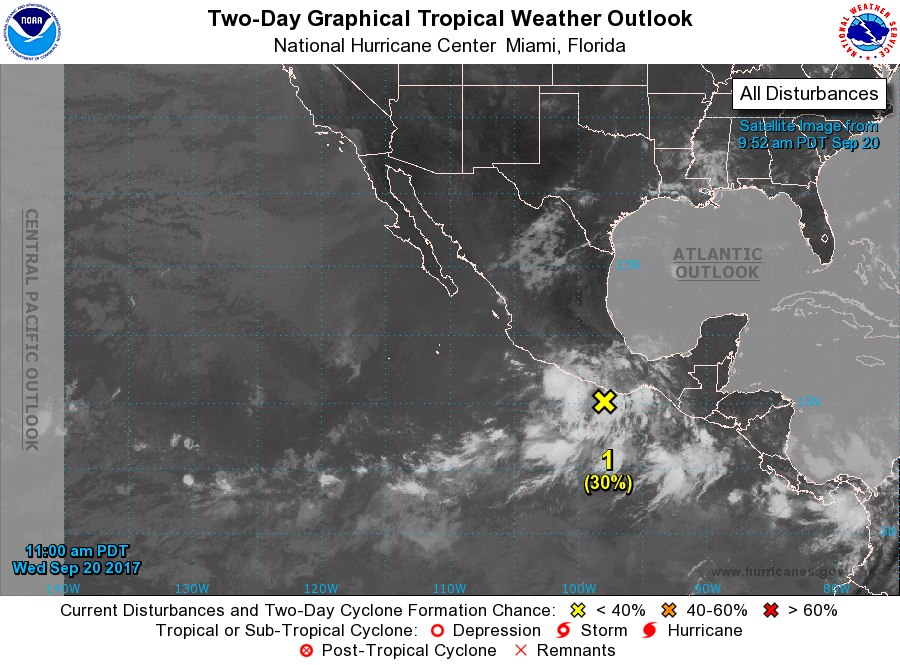
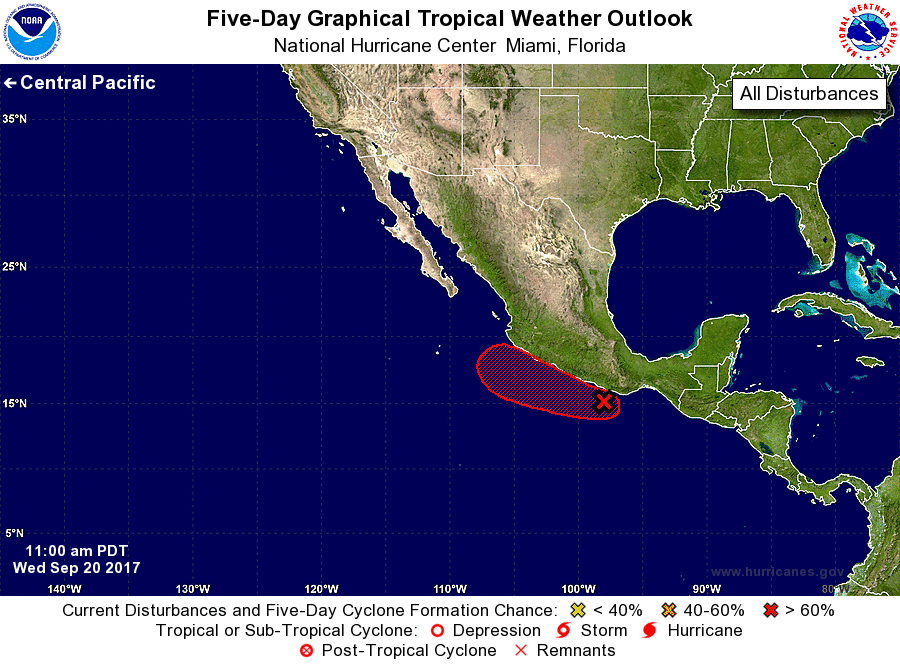
For the eastern North Pacific...east of 140 degrees west longitude:

1. A broad area of low pressure located a couple of hundred miles east-southeast of Acapulco near the coast of Mexico is producing disorganized showers and thunderstorms. Land interaction should limit development of this system during the next day or two, but a tropical depression will likely form over the weekend when the system moves farther offshore. Regardless of tropical cyclone formation, heavy rains are expected over portions of southern Mexico during the next several days.
* Formation chance through 48 hours...low...30 percent.
* Formation chance through 5 days...high...80 percent.

Forecaster Cangialosi